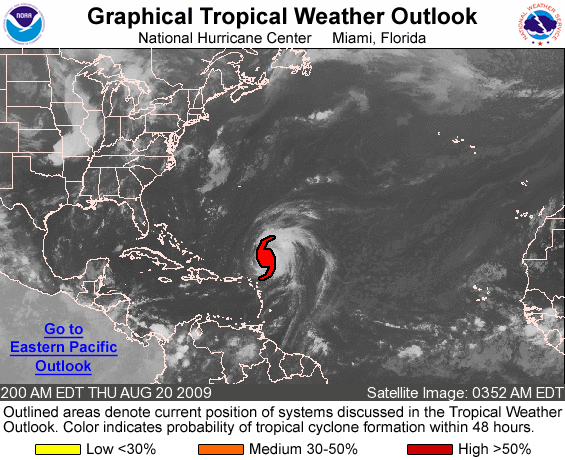
FOR THE NORTH ATLANTIC...CARIBBEAN SEA AND THE GULF OF MEXICO...

THE NATIONAL HURRICANE CENTER IS ISSUING ADVISORIES ON HURRICANE BILL...LOCATED ABOUT 315 MILES NORTHEAST OF THE LEEWARD ISLANDS.

ELSEWHERE...TROPICAL CYCLONE FORMATION IS NOT EXPECTED DURING THE NEXT 48 HOURS.

FORECASTER BEVEN